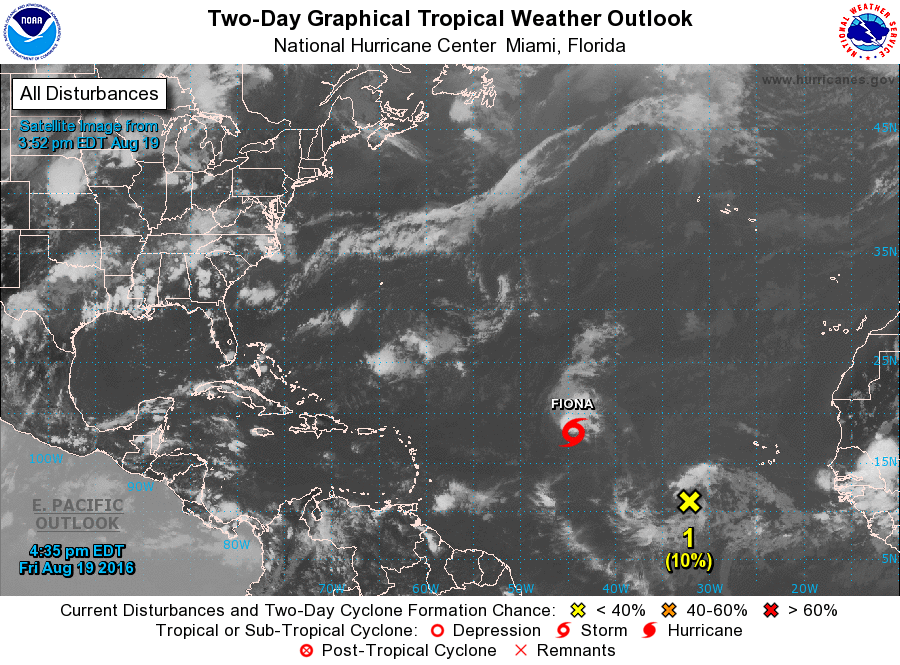
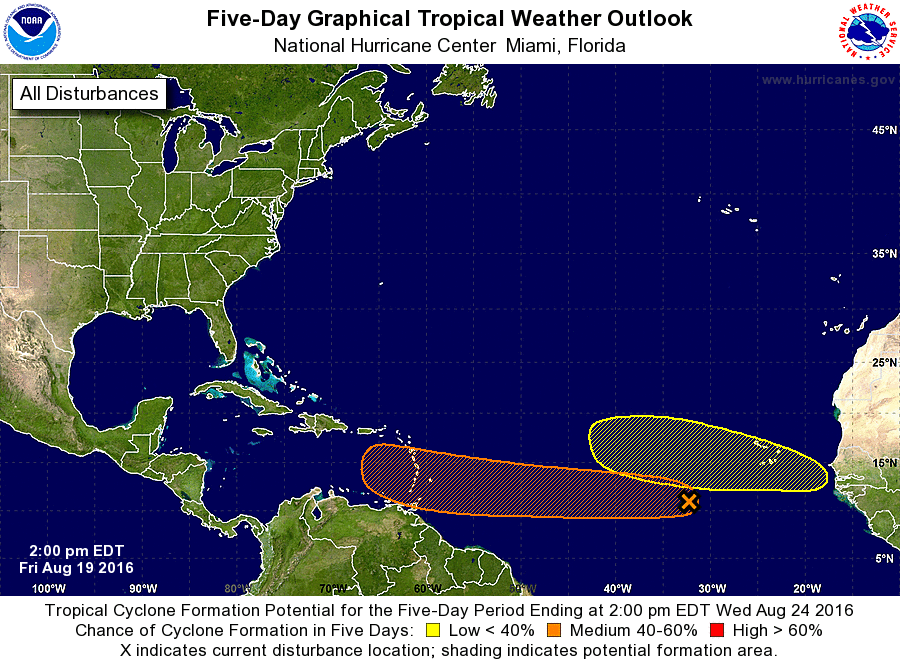
For the North Atlantic...Caribbean Sea and the Gulf of Mexico:

The National Hurricane Center is issuing advisories on Tropical Storm Fiona, located over the central tropical Atlantic.

1. A tropical wave located about 600 miles southwest of the Cabo Verde Islands is producing a disorganized area of cloudiness and shower activity. Development, if any, during the next couple of days should be slow to occur as the system encounters a dry and stable air mass. After that time, environmental conditions are expected to become more conducive for development, and a tropical depression could form early next week while the system moves westward at about 15 mph across the tropical Atlantic Ocean.
* Formation chance through 48 hours...low...10 percent
* Formation chance through 5 days...medium...50 percent

2. A tropical wave is forecast to move off of the coast of Africa on Saturday. Environmental conditions appear conducive for gradual development of this system early next week while it moves generally west-northwestward over the eastern tropical Atlantic Ocean.
* Formation chance through 48 hours...low...near 0 percent
* Formation chance through 5 days...low...30 percent

Forecaster Beven